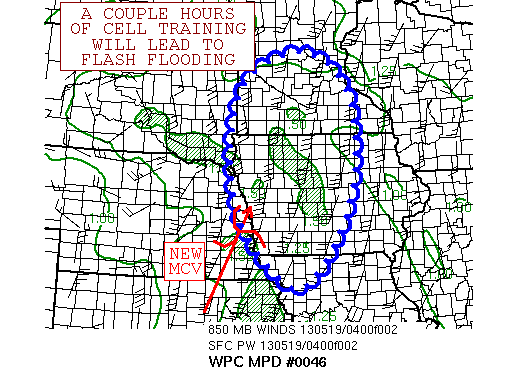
AREAS AFFECTED...WESTERN IA AND SOUTHWEST MN

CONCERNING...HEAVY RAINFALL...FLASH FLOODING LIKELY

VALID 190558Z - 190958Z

SUMMARY...A BOW ECHO MOVING IN FROM NE IS EXPECTED TO SLOW
DOWN/STALL ACROSS PORTIONS WESTERN IA AND SOUTHERN MN OVER THE
NEXT SEVERAL HOURS, WHICH SHOULD LEAD TO FLASH FLOODING.

DISCUSSION...THUNDERSTORMS HAVE BOWED OUT SIGNIFICANTLY FROM NE,
ENTERING WESTERN IA AT THE CURRENT TIME. A MESOSCALE CONVECTIVE
VORTEX -- MCV -- NEAR THE EASTERN KS/NE BORDER IS LIFTING
NORTHEAST, WHICH SHOULD SIGNIFICANTLY SLOW DOWN THE MOVEMENT OF
CONVECTION IN WESTERN IA AND LIFT THE ACTIVITY INTO SOUTHERN MN.
BOTH THE LATEST RAP AND GFS GUIDANCE INDICATE THAT PROPAGATION
VECTORS WILL BECOME NULL IN THIS REGION SHORTLY, WITH BOTH PIECES
OF GUIDANCE INDICATING THE HEAD OF A STALLING 40+ KT 850 HPA
INFLOW JET POINTING INTO WESTERN IOWA THROUGH 12Z/7 AM CDT.  FLASH
FLOOD GUIDANCE VALUES -- FFGS -- ARE AROUND TWO INCHES IN THREE
HOURS, WHICH SHOULD BE EXCEEDED BY JUST OVER ONE HOUR OF CELL
TRAINING, AS PRECIPITABLE WATER VALUES -- PWS -- LIE NEAR 1.50
INCHES.  DIVERGENCE ALOFT IS PLENTIFUL AHEAD OF AN INCREASINGLY
NEGATIVELY-TILTED UPPER LEVEL TROUGH.  LOCAL AMOUNTS OF 3-5 INCHES
ARE POSSIBLE IN THIS REGION, WHICH WOULD EXCEED FFGS.